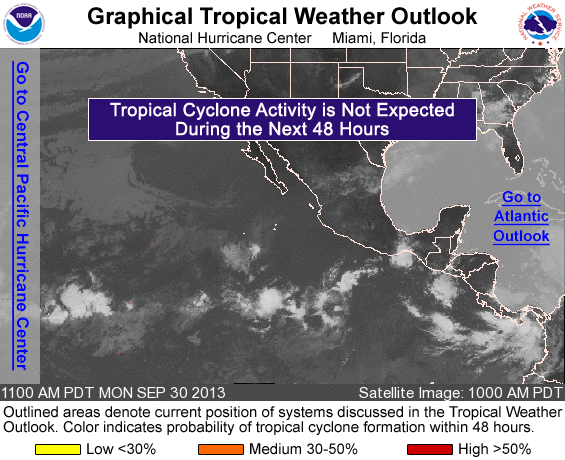
FOR THE EASTERN NORTH PACIFIC...EAST OF 140 DEGREES WEST LONGITUDE..

TROPICAL CYCLONE FORMATION IS NOT EXPECTED DURING THE NEXT 5 DAYS.

&&
FIVE-DAY FORMATION PROBABILITIES ARE EXPERIMENTAL IN 2013. COMMENTS ON THE EXPERIMENTAL FORECASTS CAN BE PROVIDED AT...

HTTP://WWW.NWS.NOAA.GOV/SURVEY/NWS-SURVEY.PHP?CODE=ETWO

FORECASTER BERG